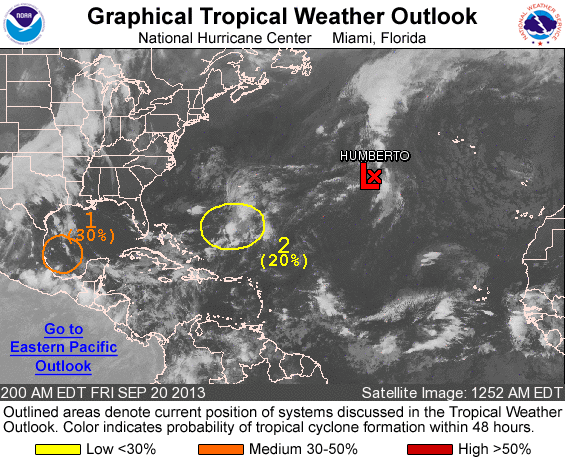
FOR THE NORTH ATLANTIC...CARIBBEAN SEA AND THE GULF OF MEXICO...

1. AN AREA OF LOW PRESSURE LOCATED OVER THE SOUTHWESTERN GULF OF MEXICO ABOUT 100 MILES EAST OF TUXPAN MEXICO IS PRODUCING ONLY LIMITED SHOWER AND THUNDERSTORM ACTIVITY. ENVIRONMENTAL CONDITIONS ARE ONLY MARGINALLY CONDUCIVE...AND SIGNIFICANT DEVELOPMENT OF THIS SYSTEM IS BECOMING LESS LIKELY. THIS SYSTEM HAS A MEDIUM CHANCE...30 PERCENT...OF BECOMING A TROPICAL CYCLONE DURING THE NEXT 48 HOURS WHILE IT MOVES TOWARD THE WEST-NORTHWEST OR NORTHWEST AT 5 TO 10 MPH...AND A MEDIUM CHANCE...30 PERCENT...OF BECOMING A TROPICAL CYCLONE DURING THE NEXT 5 DAYS. THIS DISTURBANCE WILL CONTINUE TO PRODUCE LOCALLY HEAVY RAINS OVER PORTIONS OF EASTERN AND SOUTHERN MEXICO DURING THE NEXT COUPLE OF DAYS.

2. DISORGANIZED CLOUDINESS AND SHOWERS LOCATED A FEW HUNDRED MILES SOUTH OF BERMUDA ARE ASSOCIATED WITH A TROUGH OF LOW PRESSURE. ALTHOUGH UPPER-LEVEL WINDS DO NOT APPEAR CONDUCIVE FOR SIGNIFICANT TROPICAL DEVELOPMENT...THIS DISTURBANCE COULD ACQUIRE SOME SUBTROPICAL CHARACTERISTICS WHILE IT MOVES NORTHEASTWARD AND THEN NORTHWARD OVER THE WESTERN ATLANTIC THROUGH EARLY NEXT WEEK. THIS SYSTEM HAS A LOW CHANCE...20 PERCENT...OF BECOMING A SUBTROPICAL CYCLONE DURING THE NEXT 48 HOURS AND A LOW CHANCE...20 PERCENT...OF BECOMING A SUBTROPICAL CYCLONE DURING THE NEXT 5 DAYS.

FIVE-DAY FORMATION PROBABILITIES ARE EXPERIMENTAL IN 2013. COMMENTS ON THE EXPERIMENTAL FORECASTS CAN BE PROVIDED AT...

HTTP://WWW.NWS.NOAA.GOV/SURVEY/NWS-SURVEY.PHP?CODE=ETWO

FORECASTER BRENNAN